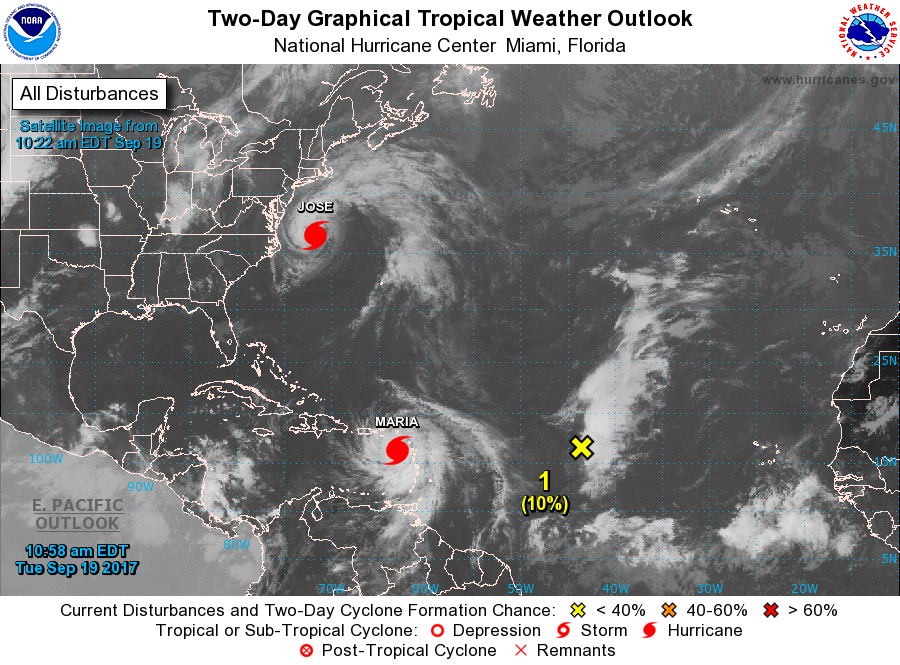
For the North Atlantic...Caribbean Sea and the Gulf of Mexico:

The National Hurricane Center is issuing advisories on Hurricane Jose, located a few hundred miles south of Nantucket, Massachusetts, North Carolina, and on Hurricane Maria, located over the northeastern Caribbean Sea.

1. A small low pressure area, the remnants of Lee, is located roughly midway between the Cabo Verde Islands and the Leeward Islands. Environmental conditions could become marginally conducive for redevelopment of a tropical cyclone by late in the week while the system moves northwestward to northward over the central Atlantic Ocean.
* Formation chance through 48 hours...low...10 percent.
* Formation chance through 5 days...low...20 percent.

Forecaster Stewart